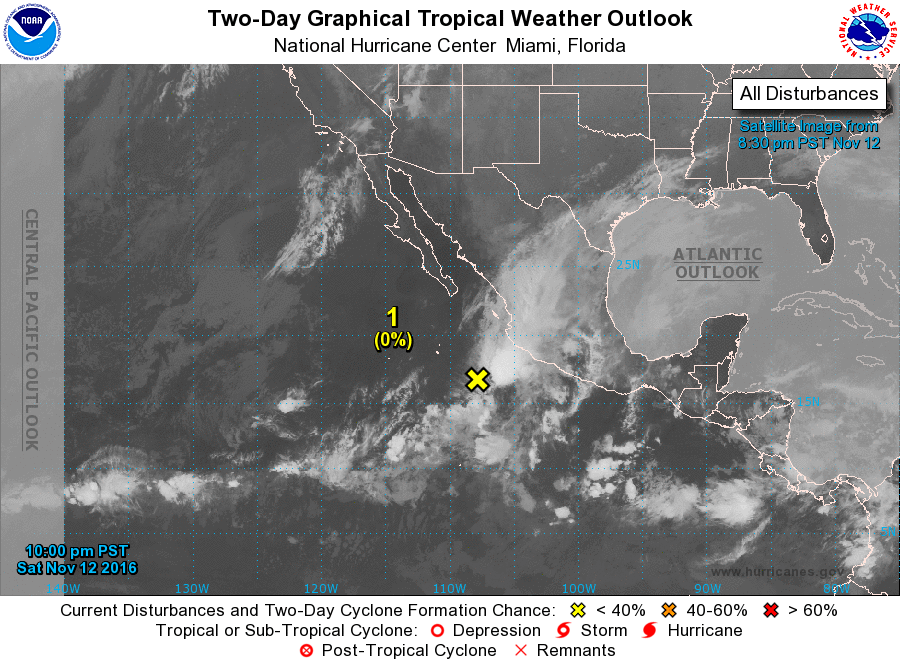
For the eastern North Pacific...east of 140 degrees west longitude:

1. Shower and thunderstorm activity associated with an area of low pressure located about 300 miles southwest of Manzanillo, Mexico, has changed little in organization during the past several hours. Strong upper-level winds over the low are expected to increase further tonight and Sunday, making the potential for tropical cyclone formation unlikely. Regardless, locally heavy rainfall and gusty winds associated with this system could occur over portions of southwestern Mexico through at least Sunday.
* Formation chance through 48 hours...low...near 0 percent
* Formation chance through 5 days...low...near 0 percent

Forecaster Kimberlain